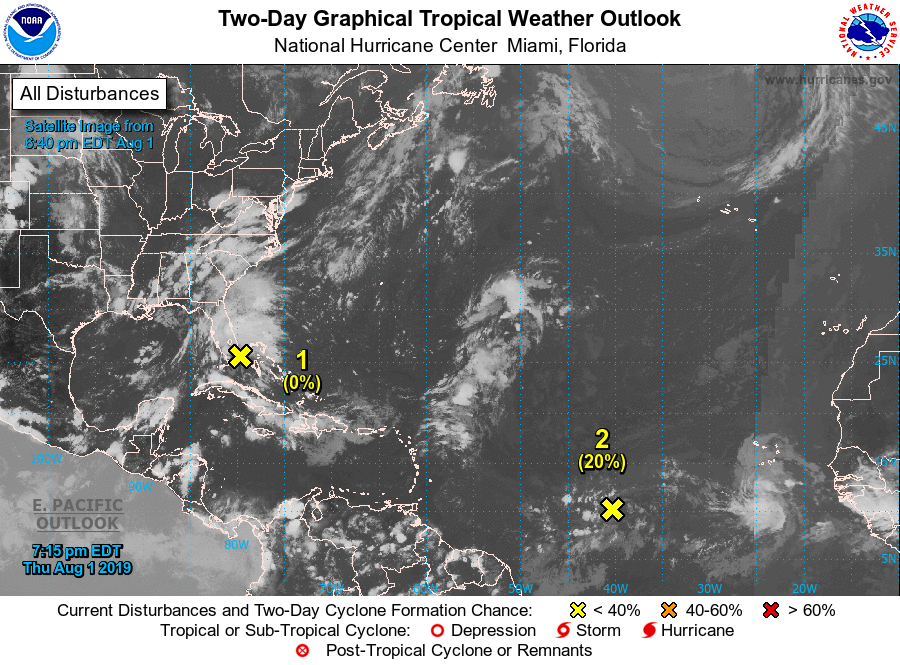
For the North Atlantic...Caribbean Sea and the Gulf of Mexico:

1. An area of disturbed weather spreading across south Florida and the Bahamas is expected to move northward, producing additional locally heavy rainfall over portions of the Florida peninsula during the next day or two. Significant development of this system is not expected before it merges with a front and accelerates northeastward off the southeastern U.S. coast on Sunday.
* Formation chance through 48 hours...low...near 0 percent.
* Formation chance through 5 days...low...near 0 percent.

2. An elongated low pressure system located about 1100 miles east of the Lesser Antilles is producing limited shower and thunderstorm activity. Slow development of this system is expected during the next few days while it moves west-northwestward at 10 to 15 mph, and a tropical depression is likely to form several hundred miles east of the Lesser Antilles. Environmental conditions are now forecast to become less favorable for additional development by early next week as the system approaches the Lesser Antilles.
* Formation chance through 48 hours...low...20 percent.
* Formation chance through 5 days...high...70 percent.

Forecaster Stewart